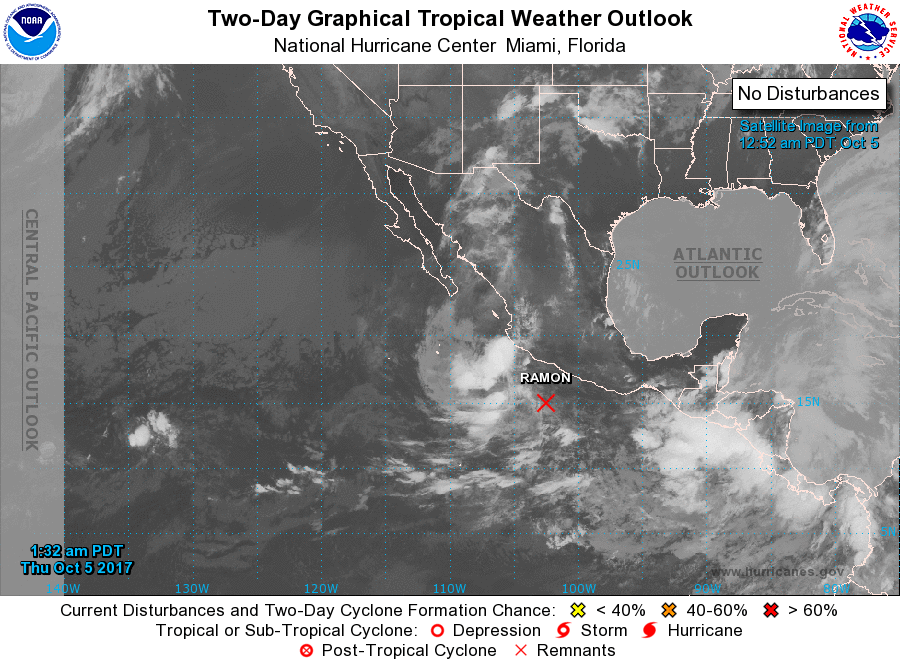
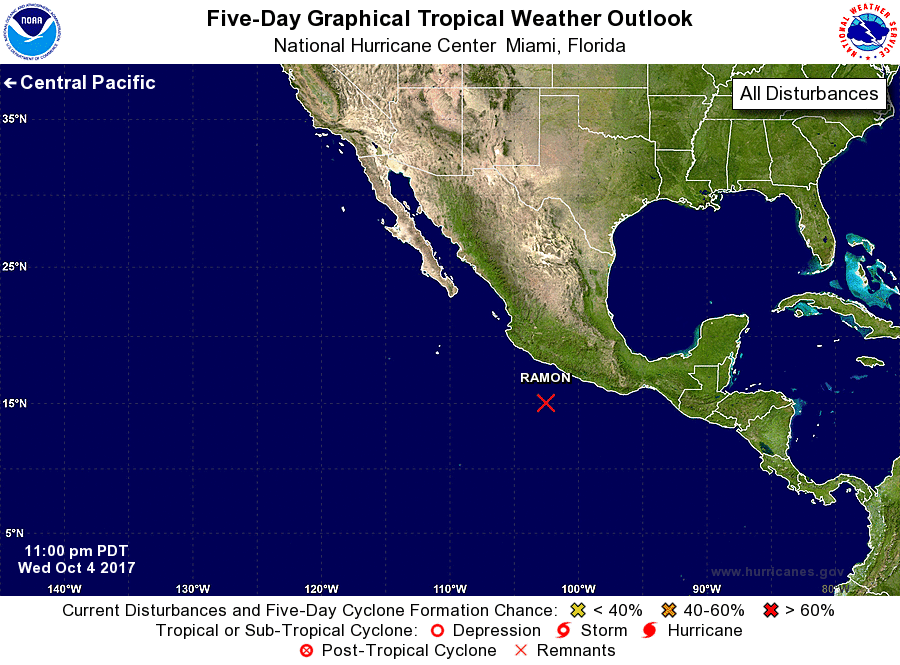
For the eastern North Pacific...east of 140 degrees west longitude:

The National Hurricane Center is issuing advisories on weakening Tropical Depression Ramon, located offshore of southern Mexico.

Tropical cyclone formation is not expected during the next 5 days.

Forecaster Avila